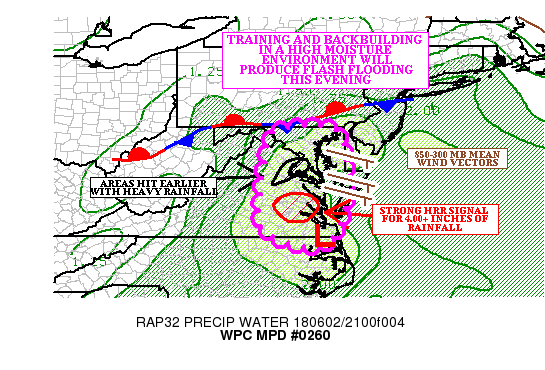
AREAS AFFECTED...MD INTO CENTRAL AND EASTERN VA

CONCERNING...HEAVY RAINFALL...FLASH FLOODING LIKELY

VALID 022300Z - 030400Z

SUMMARY...TRAINING AND BACKBUILDING IN A HIGH MOISTURE ENVIRONMENT
COULD PRODUCE ADDITIONAL FLASH FLOODING INTO THE LATE EVENING
HOURS.

DISCUSSION...REGIONAL RADARS SHOWED AREAS OF CONVECTION EXTENDING
FROM THE MD/PA BORDER SOUTH AND SOUTHEAST INTO SOUTHEAST VA. THE
CONVECTION WAS SWIRLING AROUND A WEAK MID LEVEL CIRCULATION
LOCATED OVER SOUTHERN MD AND EASTERN VA. THE BEST INSTABILITY WAS
LOCATED OVER EASTERN MD INTO EASTERN VA...WHERE THE AIRMASS HAS
NOT YET BEEN OVERTURNED BY EARLIER CONVECTION TO A LARGE DEGREE.
FURTHER NORTH TOWARD THE PA/MD...THE INSTABILITY WAS NOT QUITE AS
ROBUST...DUE TO EARLIER STORMS.

THE ENTIRE AREA REMAINS IN A LARGE POOL OF 2.00+ INCH PRECIPITABLE
WATER AIR...WITH IN THE LOWER TO MID 70S SOUTH OF A FRONT LOCATED
OVER NJ/PA. DUE TO THE PRESENCE OF THE MID LEVEL
CIRCULATION...850-300 MB MEAN WINDS ARE GENERALLY UNDER 10 KNOTS
ACROSS MUCH OF THE AREA. THE MOST RECENT RAP SHOWED THAT
PROPAGATION VECTORS WERE OPPOSED TO THE WEAK MID LEVEL
FLOW...WHICH IS EXPECTED TO FOSTER AREAS OF TRAINING AND
BACKBUILDING INTO THE EVENING HOURS.

THERE ALSO APPEARED TO BE A SURFACE CIRCULATION ON A DEVELOPING
FRONTAL BOUNDARY OVER SOUTHEAST VA. THIS CIRCULATION COULD BE THE
FOCAL POINT FOR CONVECTION WITH LITTLE NET MOTION THROUGH THE LATE
EVENING HOURS. IN FACT...THE MOST RECENT HRRR/EXPERIMENTAL HRRR
HAVE INDICATED THE POTENTIAL FOR 4.00+ INCHES OF RAINFALL OVER
PORTIONS OF SOUTHEAST VA...WITH LOCAL AMOUNTS OVER 6.00 INCHES.

SHOULD CONVECTION CONTINUE TO FIRE NEAR THE LOW LEVEL
CIRCULATION...THESE RAINFALL AMOUNTS ARE PLAUSIBLE...AT LEAST AS
HIGH END AMOUNTS. THE ADDITIONAL HEAVY RAINFALL COULD EXACERBATE
ONGOING FLOODING OR INITIATE NEW FLOODING THROUGH 03/04Z.